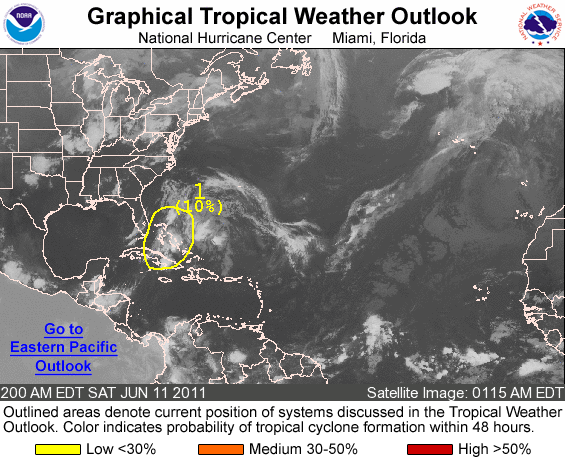
FOR THE NORTH ATLANTIC...CARIBBEAN SEA AND THE GULF OF MEXICO...

1. A SURFACE LOW PRESSURE SYSTEM LOCATED OVER THE NORTHWESTERN BAHAMAS AND A LARGE UPPER-LEVEL TROUGH OVER THE GULF OF MEXICO ARE PRODUCING A AREA OF CLOUDINESS AND THUNDERSTORMS THAT EXTENDS FROM CUBA ACROSS THE BAHAMAS INTO THE ATLANTIC FOR SEVERAL HUNDRED MILES. UPPER-LEVEL WINDS REMAIN UNFAVORABLE FOR SIGNIFICANT DEVELOPMENT. THERE IS A LOW CHANCE...10 PERCENT...OF THIS SYSTEM BECOMING A TROPICAL OR SUBTROPICAL CYCLONE DURING THE NEXT 48 HOURS AS IT MOVES SLOWLY NORTHWARD OR NORTH-NORTHEASTWARD.

ELSEWHERE...TROPICAL CYCLONE FORMATION IS NOT EXPECTED DURING THE NEXT 48 HOURS.

FORECASTER BEVEN